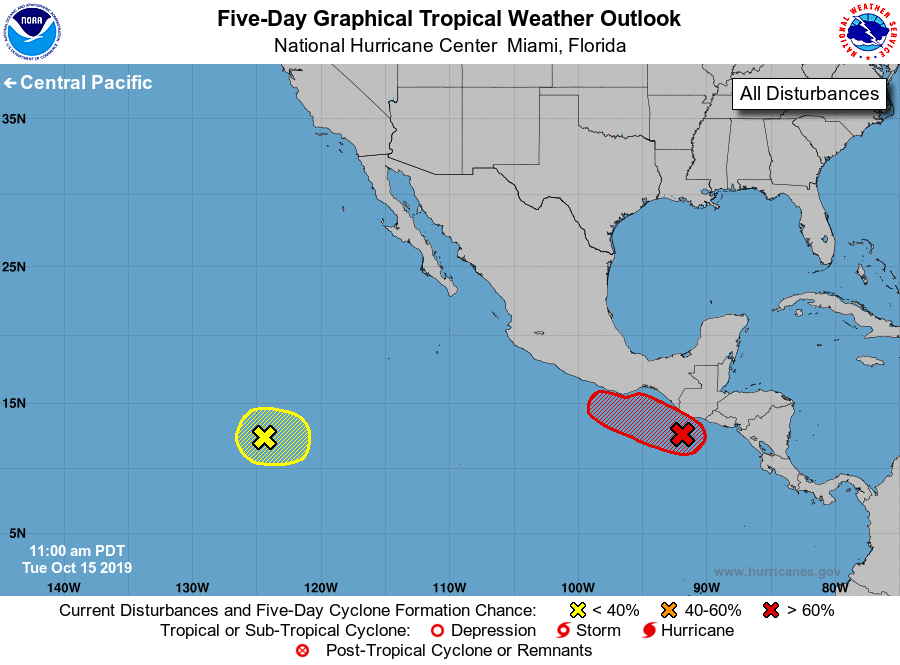
For the eastern North Pacific...east of 140 degrees west longitude:

1. Showers and thunderstorms have become more concentrated during the past several hours near an elongated area of low pressure located about 100 miles south-southwest of the coast of Guatemala. Environmental conditions are conducive for development of this system, and a tropical depression or tropical storm is expected to form tonight or on Wednesday while the system moves west-northwestward at about 10 mph, toward the coast of southeastern Mexico. Regardless of development, heavy rainfall currently occurring across Costa Rica, Nicaragua, Honduras and El Salvador is forecast to spread westward over Guatemala tonight, and across southern Mexico on Wednesday. These rains could cause flooding and mudslides, especially in mountainous areas. Interests in southeastern Mexico should monitor the progress of this system.
* Formation chance through 48 hours...high...90 percent.
* Formation chance through 5 days...high...90 percent.

2. A large area of disorganized showers and thunderstorms centered about 1200 miles southwest of the southern tip of the Baja California peninsula is associated with a surface trough of low pressure. Some development of this system is possible during the next few days while the system moves little.
* Formation chance through 48 hours...low...near 0 percent.
* Formation chance through 5 days...low...20 percent.

Forecaster Roberts